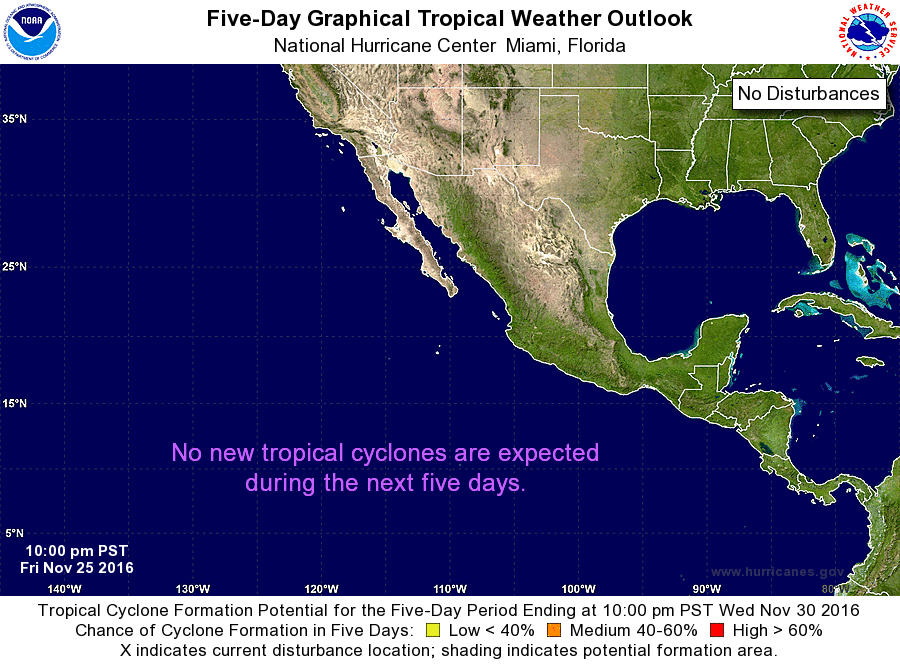
For the eastern North Pacific...east of 140 degrees west longitude:

The National Hurricane Center is issuing advisories on Tropical Storm Otto, located over the far eastern North Pacific basin.

Tropical cyclone formation is not expected during the next 5 days.

&&
Public Advisories on Otto are issued under WMO header WTPZ32 KNHC and under AWIPS header MIATCPEP2. Forecast/Advisories on Otto are issued under WMO header WTPZ22 KNHC and under AWIPS header MIATCMEP2.

Forecaster Brennan